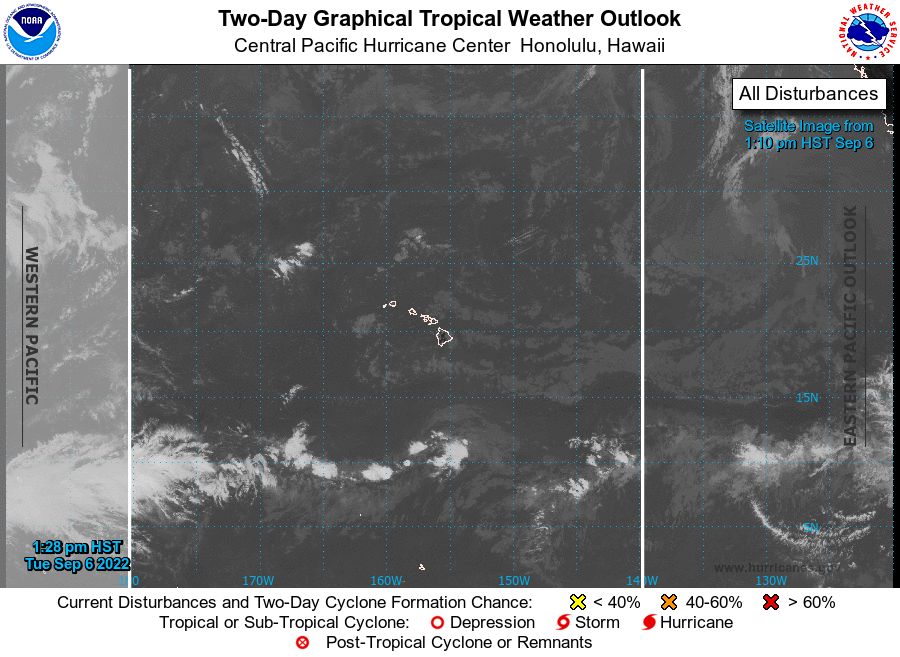
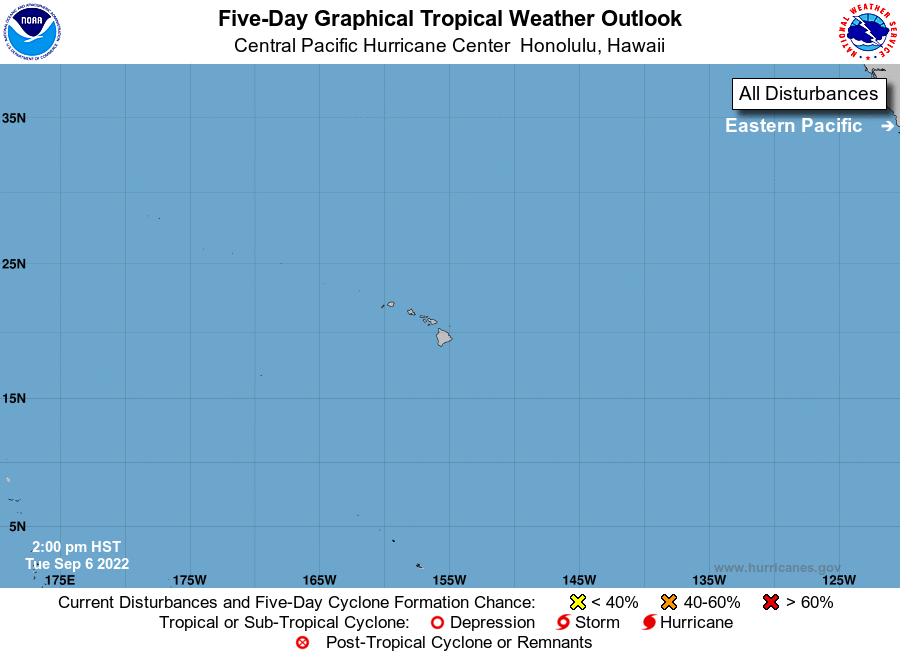
For the central North Pacific...between 140W and 180W:

No tropical cyclones are expected during the next 5 days.

Forecaster Wroe